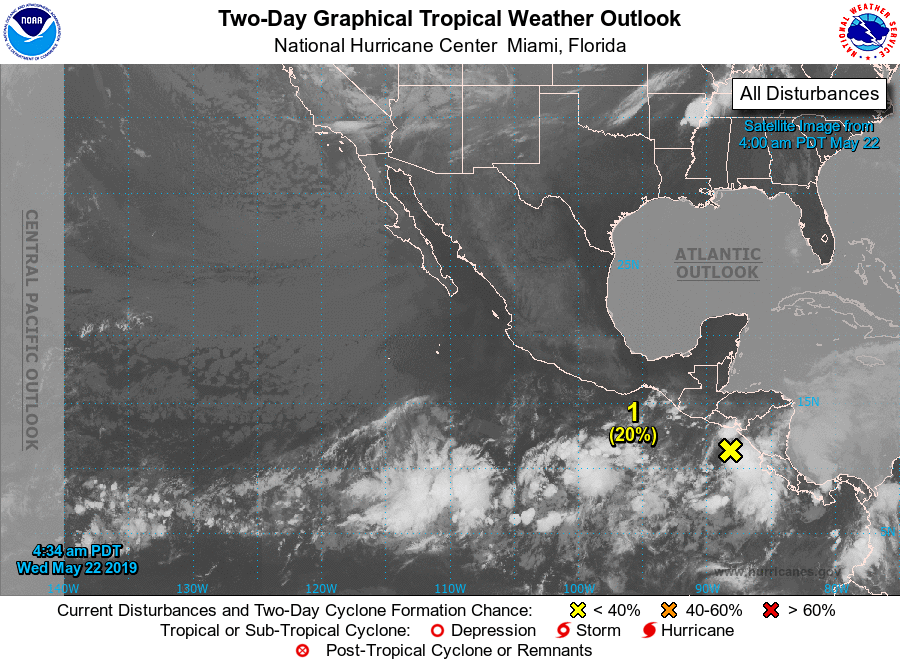
For the eastern North Pacific...east of 140 degrees west longitude:

1. An area of low pressure located just off the west coast of Nicaragua continues to produce disorganized showers and thunderstorms. This system is expected to meander over the far eastern North Pacific, and gradual development is possible during the next several days if the disturbance remains offshore. Regardless of development, this system is likely to produce areas of heavy rain over portions of Central America during the next few days. These rains could cause flash flooding and mudslides in areas of mountainous terrain.
* Formation chance through 48 hours...low...20 percent.
* Formation chance through 5 days...medium...50 percent.

Forecaster Brown